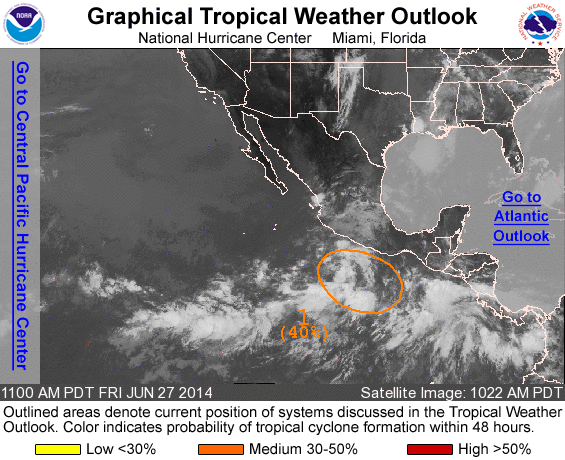
For the eastern North Pacific...east of 140 degrees west longitude:

1. A large area of disorganized showers and thunderstorms located several hundred miles south-soutwest of Acapulco, Mexico, is associated with a broad area of low pressure. Environmental conditions appear favorable for development during the next several days, and a tropical depression is likely to form by early next week.
* Formation chance through 48 hours...medium...40 percent.
* Formation chance through 5 days...high...80 percent.

Forecaster Brown